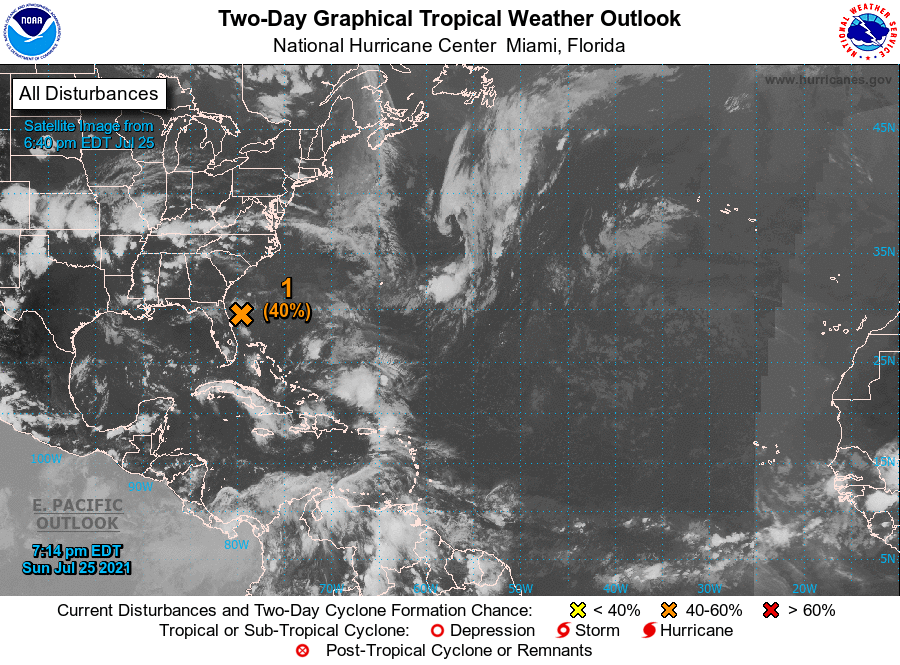
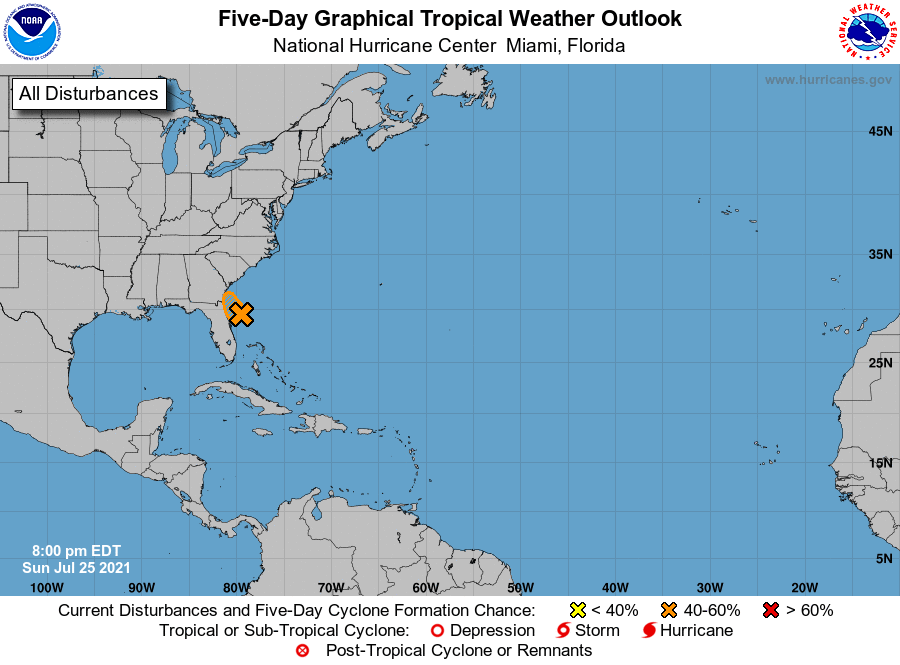
For the North Atlantic...Caribbean Sea and the Gulf of Mexico:

1. Satellite and radar data indicate that showers associated with a low pressure area located about 150 miles east-southeast of Jacksonville, Florida, remain disorganized and limited in coverage. However, environmental conditions are marginally conducive for development, and a tropical depression could still form overnight or on Monday while the low moves slowly west-northwestward or northwestward, reaching the coast of northeastern Florida or Georgia Monday evening or Monday night. Interests in these areas should continue to monitor the progress of this system.
* Formation chance through 48 hours...medium...40 percent.
* Formation chance through 5 days...medium...40 percent.

Forecaster Berg